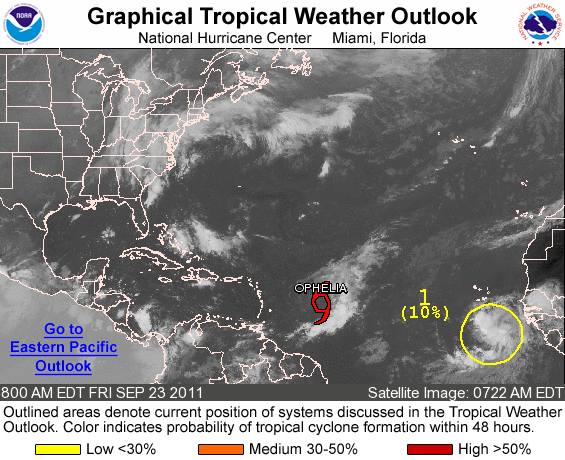
FOR THE NORTH ATLANTIC...CARIBBEAN SEA AND THE GULF OF MEXICO...

THE NATIONAL HURRICANE CENTER IS ISSUING ADVISORIES ON TROPICAL STORM OPHELIA...LOCATED ABOUT 740 MILES EAST-SOUTHEAST OF THE LEEWARD ISLANDS.

1. A BROAD LOW PRESSURE SYSTEM LOCATED ABOUT 400 MILES SOUTH-SOUTHEAST OF THE CAPE VERDE ISLANDS IS PRODUCING WIDESPREAD CLOUDINESS...AND SCATTERED SHOWERS AND A FEW THUNDERSTORMS. UPPER-LEVEL WINDS ARE CONDUCIVE FOR SOME SLOW DEVELOPMENT OF THIS DISTURBANCE OVER THE NEXT FEW DAYS AS IT MOVES WESTWARD AT 10 TO 15 MPH. THIS SYSTEM HAS A LOW CHANCE...10 PERCENT...OF BECOMING A TROPICAL CYCLONE DURING THE NEXT 48 HOURS.

ELSEWHERE...TROPICAL CYCLONE FORMATION IS NOT EXPECTED DURING THE NEXT 48 HOURS.

FORECASTER STEWART